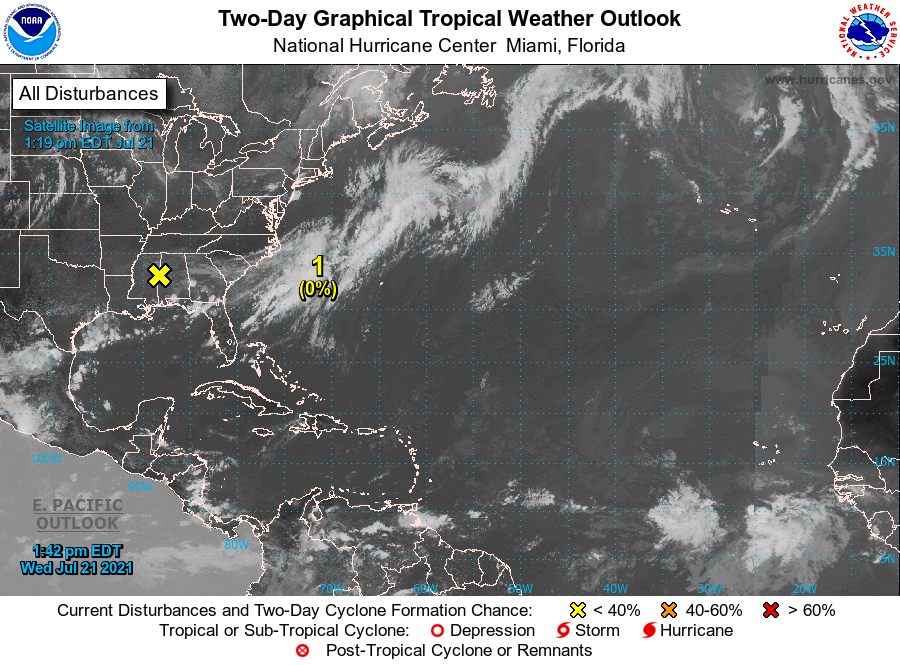
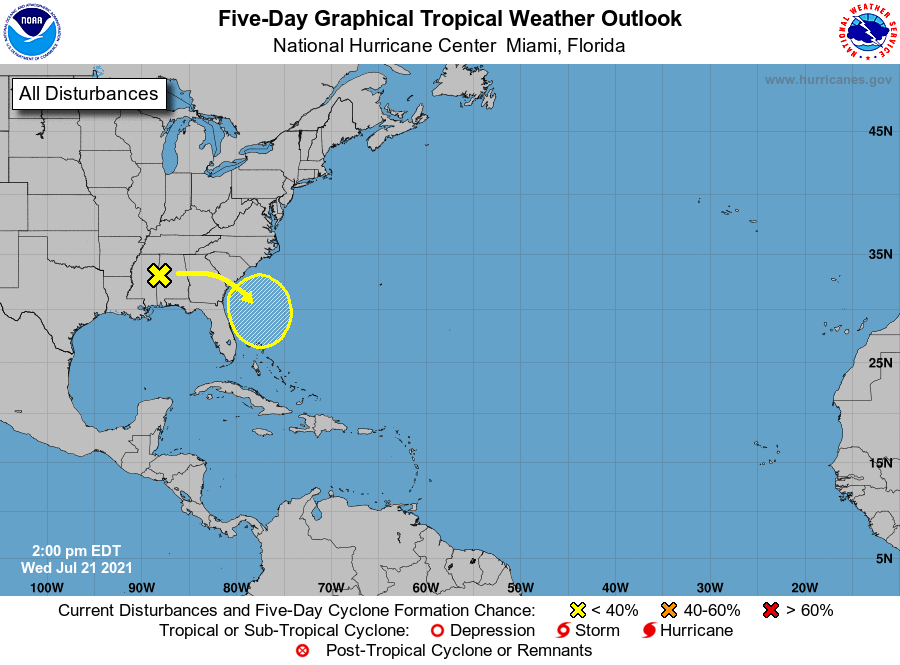
For the North Atlantic...Caribbean Sea and the Gulf of Mexico:

1. A broad trough of low pressure associated with a decaying frontal boundary over Mississippi and Alabama is forecast to move offshore of the southeastern United States coastline by the end of this week. Environmental conditions are forecast to be marginally conducive for some gradual development over the weekend into early next week while the system meanders offshore of the coasts of South Carolina, Georgia, and northeastern Florida.
* Formation chance through 48 hours...low...near 0 percent.
* Formation chance through 5 days...low...20 percent.

Forecaster Papin/Beven